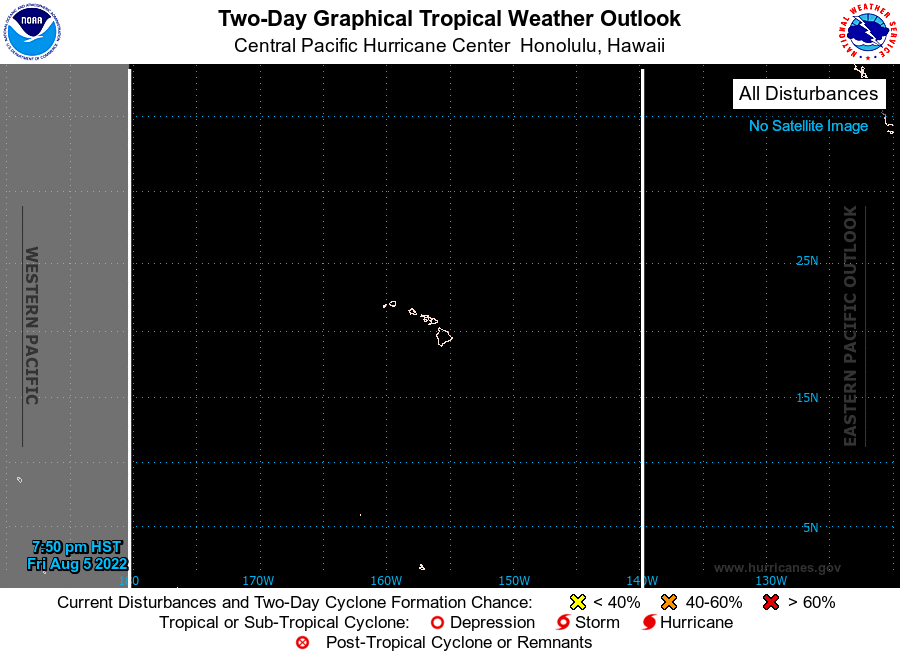
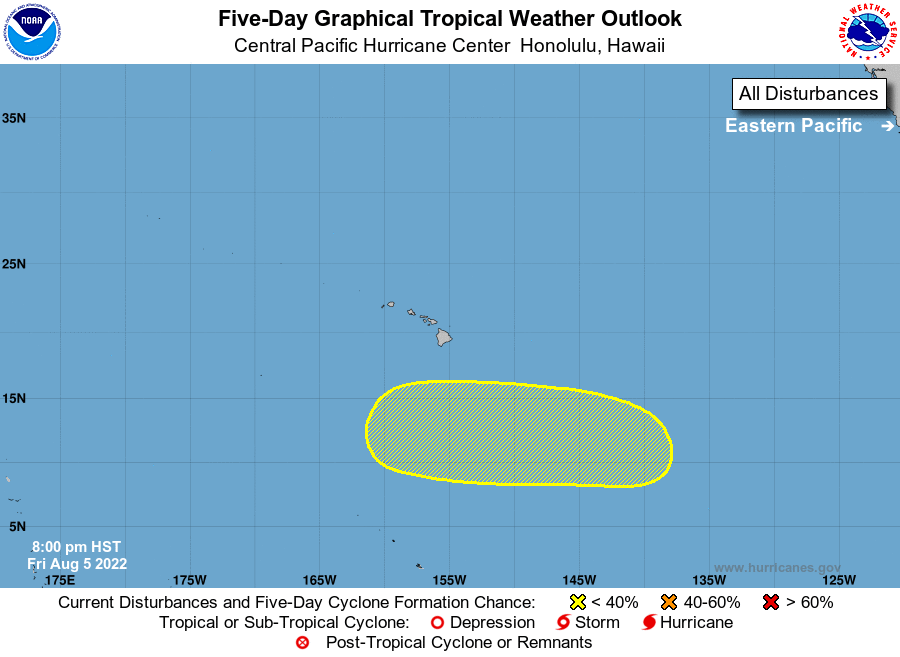
For the central North Pacific...between 140W and 180W:

1. Well Southeast of the Main Hawaiian Islands: An area of low pressure could form over the far western portion of the eastern Pacific basin late this weekend. Environmental conditions could allow for some gradual development of this system, and a tropical depression could form when it moves quickly westward over the central Pacific basin during the early to middle part of next week.
* Formation chance through 48 hours...low...near 0 percent.
* Formation chance through 5 days...medium...40 percent.

Elsewhere, no tropical cyclones are expected during the next 5 days.

Forecaster Birchard